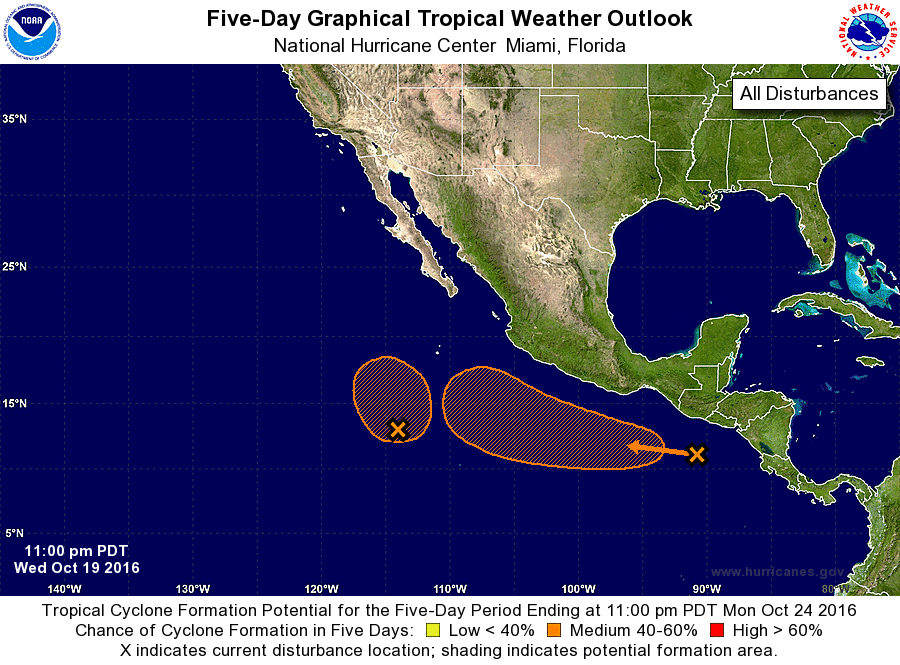
For the eastern North Pacific...east of 140 degrees west longitude:

1. A small low pressure system located about 725 miles south-southwest of the southern tip of the Baja California peninsula continues to produce disorganized showers and thunderstorms. Although upper-level winds are only marginally conducive, some development of this system is possible during the next several days while the disturbance drifts northward or northwestward.
* Formation chance through 48 hours...low...30 percent
* Formation chance through 5 days...medium...40 percent

2. Disorganized cloudiness and showers over the far eastern Pacific near the coast of Central America are associated with a surface trough. Environmental conditions are forecast to become more favorable for some development of this disturbance over the weekend while the system moves toward the west-northwest at about 10 to 15 mph. Regardless of development, locally heavy rainfall is possible over portions of Central America during the next couple of days.
* Formation chance through 48 hours...low...10 percent
* Formation chance through 5 days...medium...40 percent

Forecaster Brown